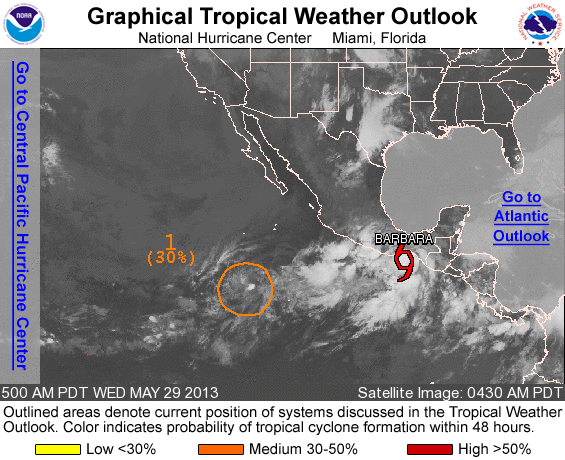
FOR THE EASTERN NORTH PACIFIC...EAST OF 140 DEGREES WEST LONGITUDE..

THE NATIONAL HURRICANE CENTER IS ISSUING ADVISORIES ON TROPICAL STORM BARBARA...LOCATED OVER THE GULF OF TEHUANTEPEC.

1. SHOWER AND THUNDERSTORM ACTIVITY ASSOCIATED WITH THE LOW PRESSURE AREA LOCATED ABOUT 800 MILES SOUTH-SOUTHWEST OF THE SOUTHERN TIP OF THE BAJA CALIFORNIA PENNISULA CONTINUES TO SHOW LITTLE CHANGE IN ORGANIZATION. SOME SLOW DEVELOPMENT OF THIS SYSTEM IS POSSIBLE AS IT MOVES TOWARD THE NORTH OR NORTH-NORTHEAST AT 5 TO 10 MPH DURING THE NEXT COUPLE OF DAYS. THIS DISTURBANCE HAS A MEDIUM CHANCE...30 PERCENT...OF BECOMING A TROPICAL CYCLONE DURING THE NEXT 48 HOURS.

ELSEWHERE...TROPICAL CYCLONE FORMATION IS NOT EXPECTED DURING THE NEXT 48 HOURS.

&&
PUBLIC ADVISORIES ON TROPICAL STORM BARBARA ARE ISSUED UNDER WMO HEADER WTPZ32 KNHC AND UNDER AWIPS HEADER MIATCPEP2. FORECAST/ADVISORIES ON TROPICAL STORM BARBARA ARE ISSUED UNDER WMO HEADER WTPZ22 KNHC AND UNDER AWIPS HEADER MIATCMEP2.

FORECASTER PASCH/LANDSEA